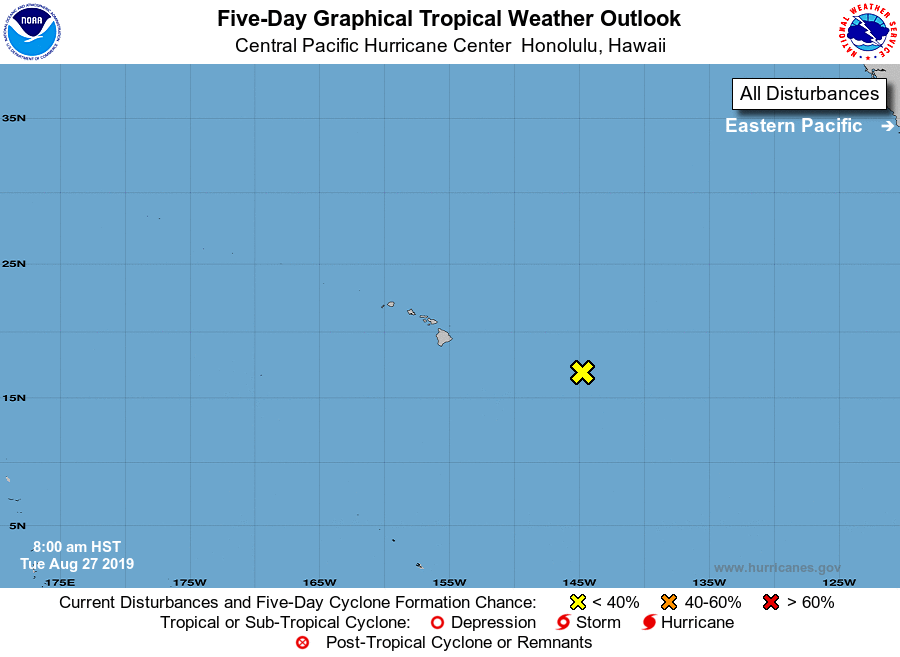
For the central North Pacific...between 140W and 180W:

1. A low about 715 miles east southeast of Hilo, Hawaii is forecast to remain nearly stationary through Wednesday, then move west northwest and dissipate. Environmental conditions are unfavorable for this system to develop into a tropical depression.
*Formation chance through 48 hours...low...near 0 percent
*Formation chance through 5 days...low...near 0 percent

Elsewhere, no tropical cyclones are expected during the next 5 days.

Forecaster Donaldson